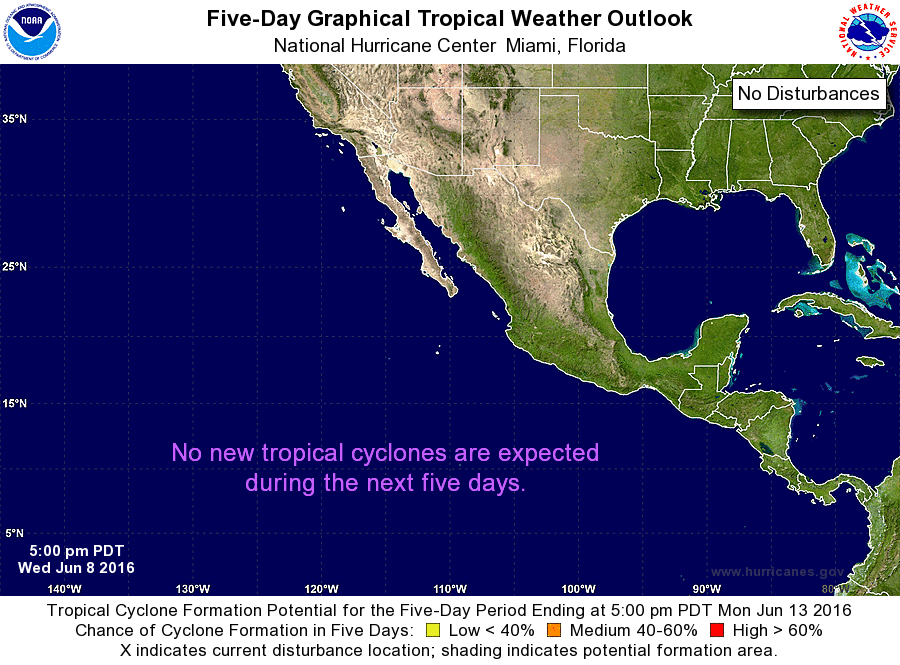
For the eastern North Pacific...east of 140 degrees west longitude:

Tropical cyclone formation is not expected during the next 5 days.

Forecaster Brennan